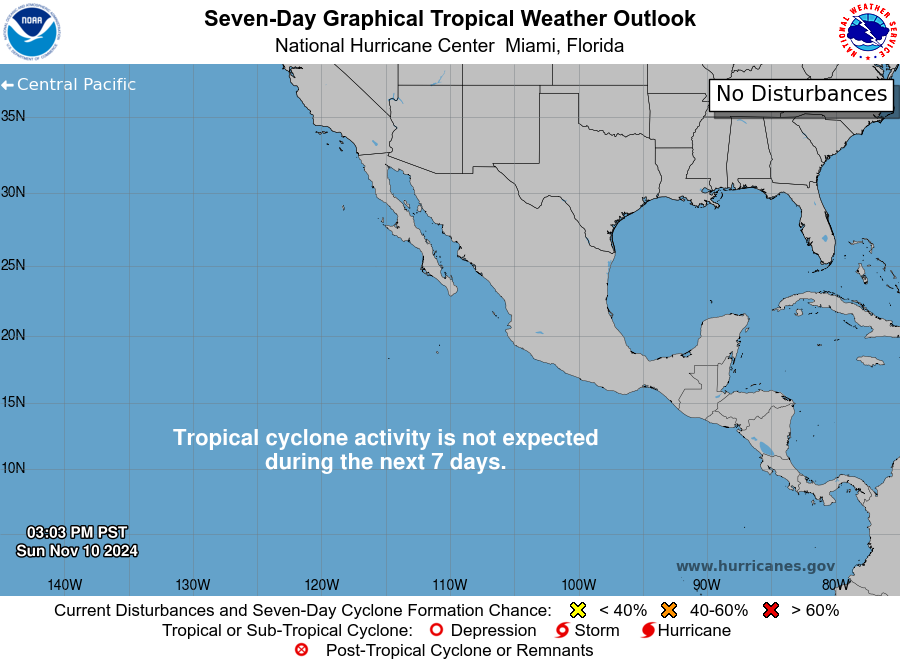
For the eastern North Pacific...east of 140 degrees west longitude:

Tropical cyclone formation is not expected during the next 7 days.

Forecaster Cangialosi